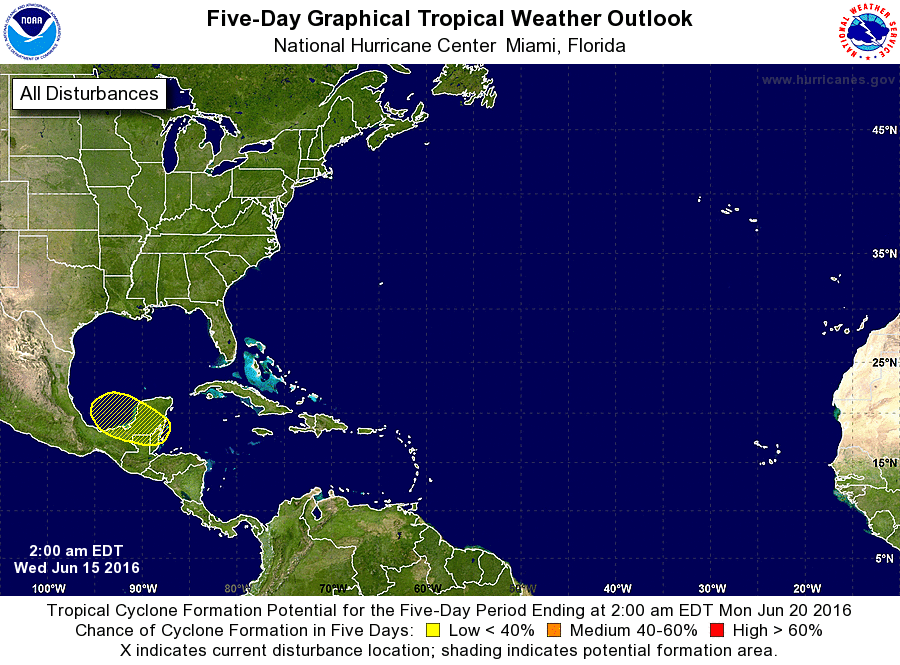
For the North Atlantic...Caribbean Sea and the Gulf of Mexico:

1. A broad area of low pressure could form in association with a tropical wave crossing the Yucatan Peninsula of Mexico late this week. Environmental conditions appear conducive for some slow development of this system if the low emerges over the waters of the Bay of Campeche or southwestern Gulf of Mexico later on Sunday or Monday.
* Formation chance through 48 hours...low...near 0 percent
* Formation chance through 5 days...low...20 percent

Forecaster Kimberlain